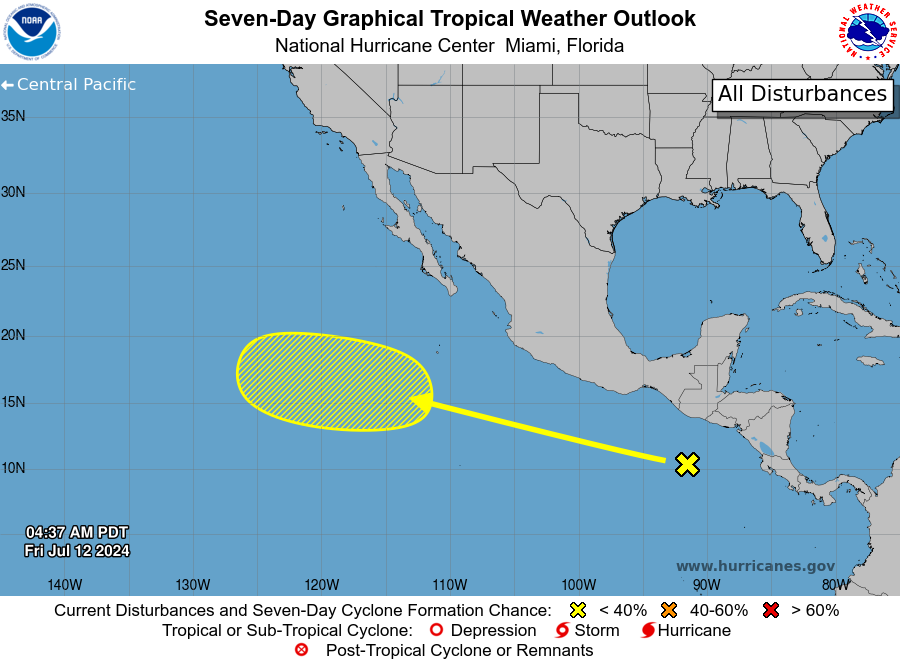
For the eastern North Pacific...east of 140 degrees west longitude:

1. Central East Pacific: A tropical wave over the far eastern Pacific is producing disorganized showers and a few thunderstorms. The wave is expected to move westward or west-northwestward at 15 mph during the next few days. Environmental conditions are forecast to only be marginally conducive and development, if any, should be slow to occur when the wave moves into the central portion of the basin next week.
* Formation chance through 48 hours...low...near 0 percent.
* Formation chance through 7 days...low...10 percent.

Forecaster Brown